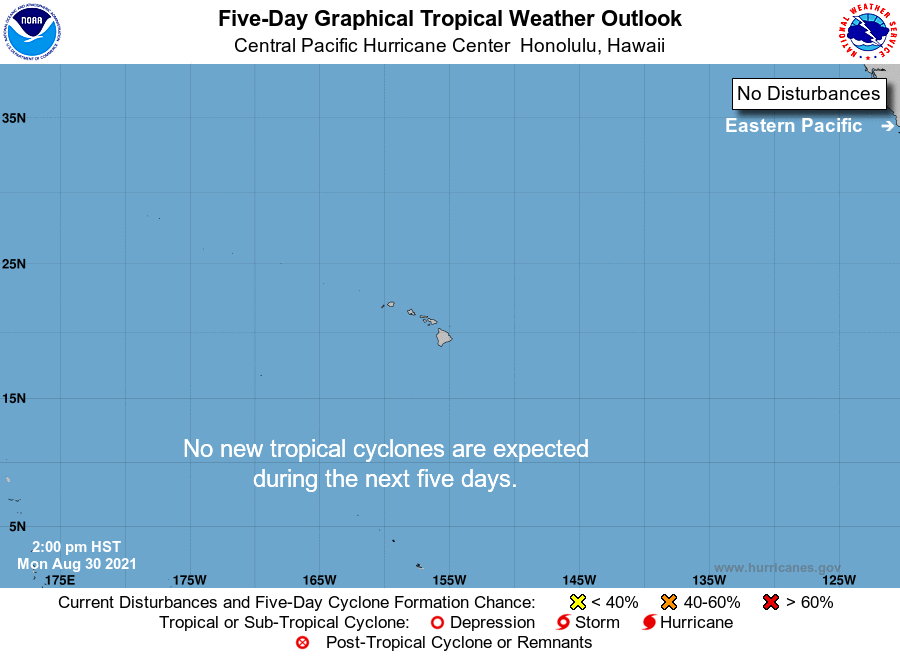
For the central North Pacific...between 140W and 180W:

No tropical cyclones are expected during the next 5 days.

Forecaster Jelsema